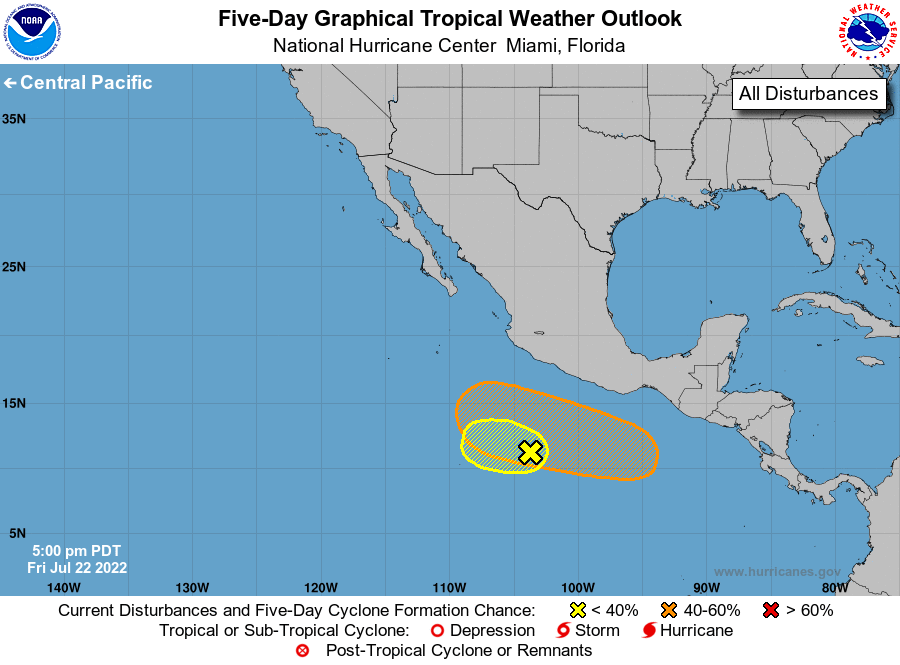
For the eastern North Pacific...east of 140 degrees west longitude:

1. Offshore of Southwestern Mexico: A surface trough continues to produce disorganized showers and thunderstorms several hundred miles south of the coast of southwestern Mexico. Development, if any, of this system is expected to be slow to occur as the trough moves slowly westward or west-northwestward through early next week.
* Formation chance through 48 hours...low...10 percent.
* Formation chance through 5 days...low...10 percent.

2. Offshore of Central America and Southern Mexico: An area of low pressure is forecast to form late this weekend a few hundred miles south of extreme southeastern Mexico. Gradual development is possible thereafter, and a tropical depression could form by the middle of next week while the system moves generally westward at 10 to 15 mph.
* Formation chance through 48 hours...low...near 0 percent.
* Formation chance through 5 days...medium...40 percent.

Forecaster Cangialosi